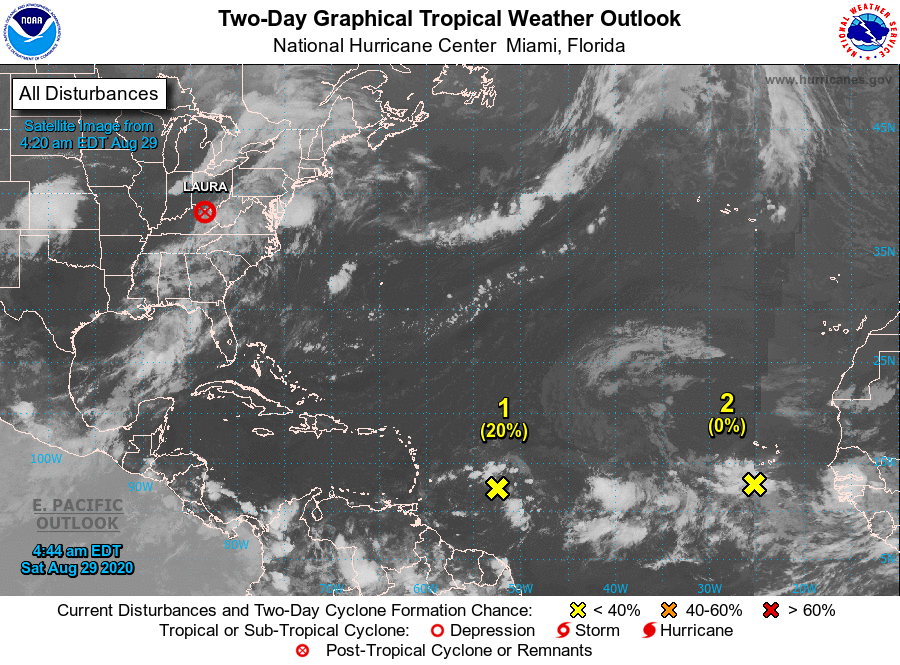
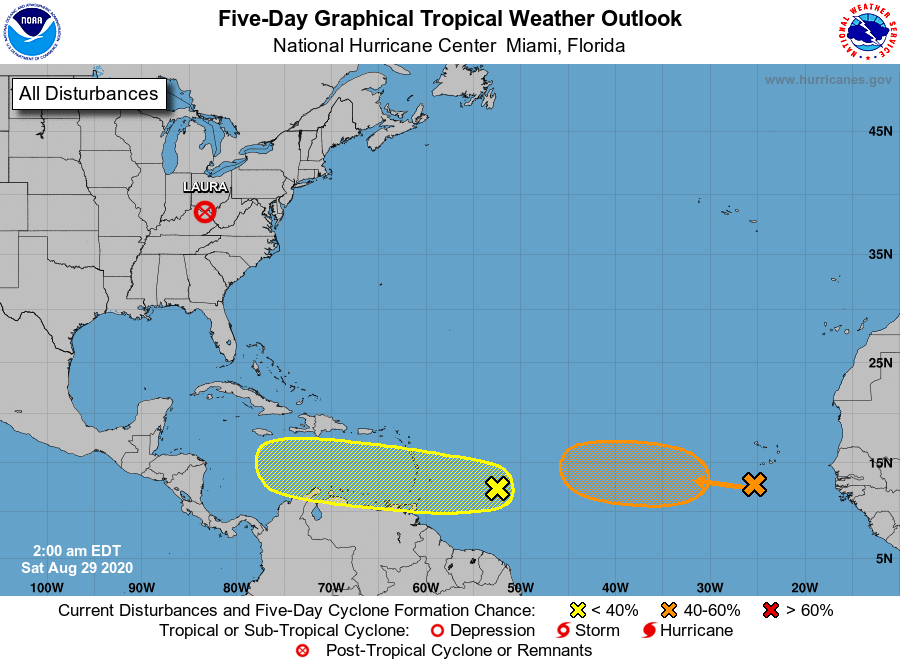
For the North Atlantic...Caribbean Sea and the Gulf of Mexico:

The Weather Prediction Center is issuing advisories on Tropical Depression Laura, located inland over Kentucky.

1. A tropical wave located about 600 miles east of the Windward Islands is producing disorganized showers and thunderstorms. Some gradual development of this system is possible during the next several days while it moves westward at about 15 mph toward the Lesser Antilles. Regardless of development, this system will likely produce gusty winds and locally heavy rainfall across portions of the Windward and Leeward Islands on Sunday.
* Formation chance through 48 hours...low...20 percent.
* Formation chance through 5 days...low...30 percent.

2. Another tropical wave is located over the eastern Atlantic Ocean just southwest of the Cabo Verde Islands. This system is expected to move very slowly for the next several days, and some development is possible early next week over the eastern or central tropical Atlantic.
* Formation chance through 48 hours...low...near 0 percent.
* Formation chance through 5 days...medium...40 percent.

Public Advisories issued by the Weather Prediction Center on Tropical Depression Laura can be found under AWIPS header TCPAT3, WMO header WTNT33 KWNH, and on the web at https://www.wpc.ncep.noaa.gov and https://www.hurricanes.gov.

Forecaster Cangialosi